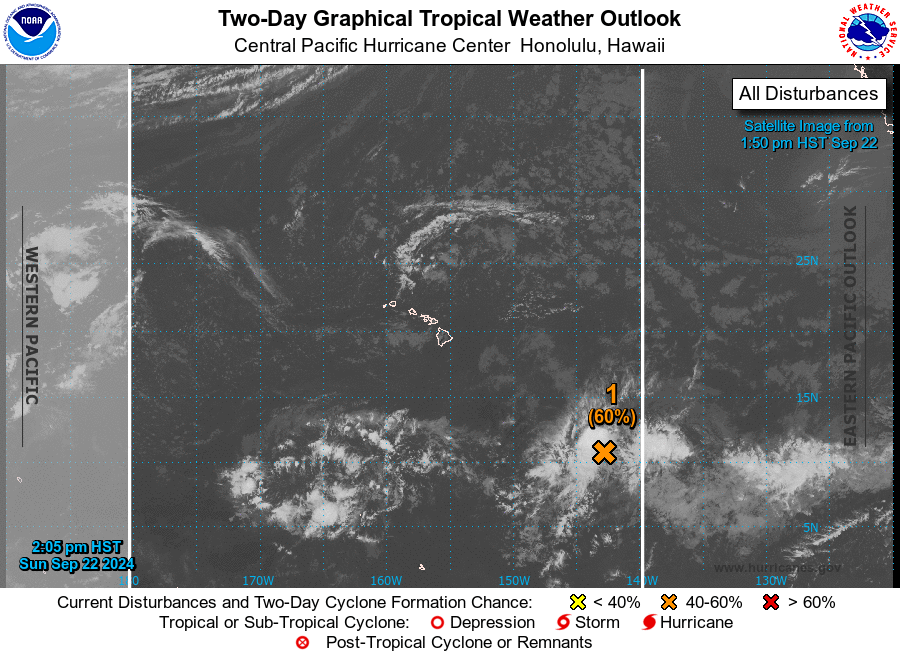
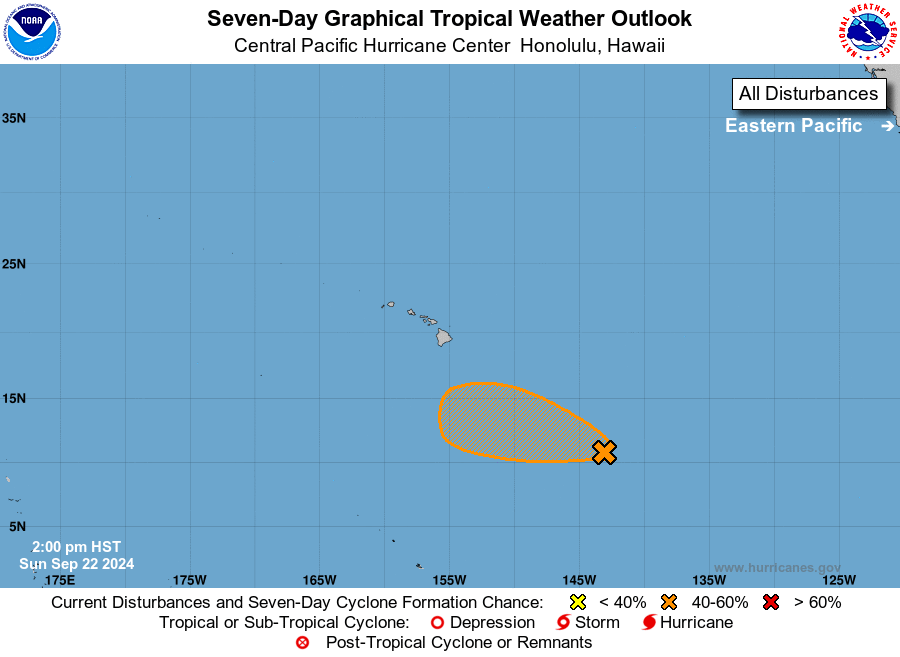
For the central North Pacific...between 140W and 180W:

1. Approximately 1000 miles southeast of Hilo, Hawaii: An area of low pressure located far southeast of Hawaii continues to produce disorganized showers and thunderstorms, while conditions aloft continue to produce outflow in all quadrants. Environmental conditions appear conducive for some development over the next day or two, and a tropical depression could form as it moves westward at 5 to 10 mph. By Wednesday, conditions will become gradually less conducive for development.
* Formation chance through 48 hours...medium...60 percent.
* Formation chance through 7 days...medium...60 percent.

Forecaster JVC